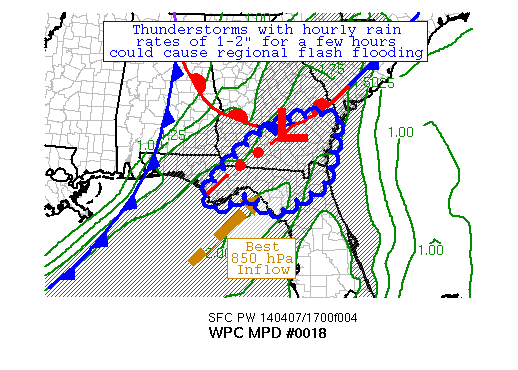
AREAS AFFECTED...NORTHERN FL AND SOUTHEAST GA

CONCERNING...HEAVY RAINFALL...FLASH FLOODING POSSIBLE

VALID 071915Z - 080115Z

SUMMARY...A BAND OF THUNDERSTORMS IS SLOWING DOWN AS IT MOVES INTO
THE CENTRAL FL PANHANDLE AND SOUTHERN GA.  DESPITE SLOWLY
DECREASING RAINFALL RATES, REGIONAL FLASH FLOODING REMAINS
POSSIBLE DUE TO THE BAND'S EXPECTED SLOWER MOVEMENT LATER THIS
EVENING.

DISCUSSION...A BAND OF THUNDERSTORMS WITH RAINFALL RATES OF 1-2"
AN HOUR IS BEGINNING TO SLOW DOWN -- MOVING JUST OVER 15 KTS -- AS
IT CROSSES FARTHER INTO THE FL PANHANDLE AND SOUTHERN GA, WELL
AHEAD OF A COLD FRONT CURRENTLY MOVING INTO PENSACOLA WITHIN AN
AREA OF DEEP SOUTHWESTERLY FLOW.  INFLOW AT 850 HPA REMAINS CLOSE
TO 50 KTS PER REGIONAL VAD WIND PROFILES, YIELDING 35-40 KTS OF
0-3 KM SHEAR, SUFFICIENT FOR ORGANIZED CONVECTIVE CLUSTERS.
PRECIPITABLE WATER VALUES REMAIN NEAR RECORD VALUES FOR EARLY
APRIL -- IN THE 1.75-2" RANGE -- AIDING PRECIPITATION EFFICIENCY.

THE LATEST RAP GUIDANCE INDICATES THAT THE LOW-LEVEL INFLOW/0-3 KM
SHEAR DECREASES TOWARDS 30-35 KTS DURING THE EVENING HOURS, WITH
AXIS BRIEFLY STALLING ACROSS THE EASTERN FL PANHANDLE, NORTHERN FL
PENINSULA, AND COASTAL GA AFTER 23Z AS A SHORTWAVE CURRENTLY IN AL
ESCAPES TO THE NORTHEAST.  CORFIDI VECTORS FROM THE 12Z GFS REMAIN
LIGHT OVER THIS REGION.  CAPE VALUES IN THE GULF OF MEXICO
(UPSTREAM) REMAIN 1000-2000 J/KG PER THE 12Z ARW GUIDANCE, THOUGH
THEY SLOWLY DECREASE ASHORE INTO THE EVENING HOURS.  DESPITE AN
EXPECTATION FOR SLOWLY DECREASING RAINFALL RATES, SLOWING MOVEMENT
TO THE CONVECTIVE LINE/BAND IS EXPECTED TO CONTINUE A RISK FOR
REGIONAL FLASH FLOODING INTO THE NIGHT -- IT IS POSSIBLE THAT THIS
COULD TRANSITION FROM A FLASH FLOOD TO A LONGER DURATION FLOOD
EVENT SIMILAR TO WHAT WAS SEEN ON MARCH 16.  THERE IS A FAIRLY
STRONG SIGNAL WITHIN THE MESOSCALE GUIDANCE FOR 3-5" LOCAL AMOUNTS
NEAR THE COAST OF NORTHERN FL OVER THE NEXT SEVERAL HOURS, AND A
WEAKER/LESS CONSISTENT SIGNAL ACROSS COASTAL GA, WHERE THE
GUIDANCE SHOWS AMOUNTS CLOSER TO 2".